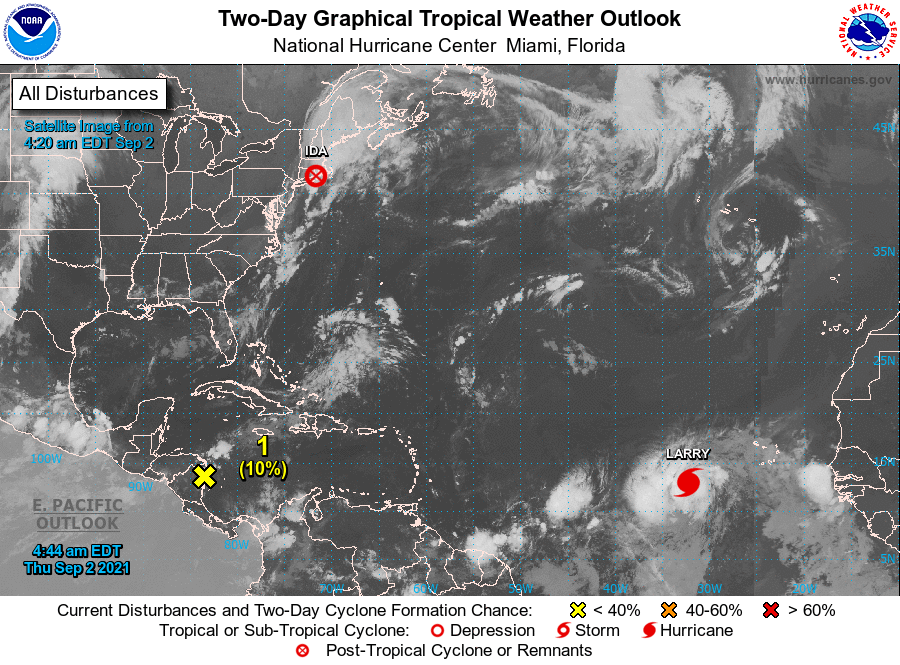
For the North Atlantic...Caribbean Sea and the Gulf of Mexico:

The National Hurricane Center is issuing advisories on Tropical Storm Larry, located over the eastern tropical Atlantic several hundred miles west-southwest of the southernmost Cabo Verde Islands.

The Weather Prediction Center is issuing Public Advisories on Post-Tropical Cyclone Ida, located over the northeastern United States.

1. A small area of low pressure located near the coast of Nicaragua is producing disorganized shower and thunderstorm activity. This low is expected to move inland over Nicaragua this morning, but a portion of the low's circulation could move over the Gulf of Honduras on Friday where development, if any, is expected to be slow to occur. This system could then move over the southwestern Gulf of Mexico during the weekend and early next week, but by then strong upper-level winds would likely limit significant development. Regardless of development, heavy rains are possible across portions of Central America and the Yucatan Peninsula through the weekend.
* Formation chance through 48 hours...low...10 percent.
* Formation chance through 5 days...low...20 percent.

Public advisories issued by the Weather Prediction Center on Post-Tropical Cyclone Ida can be found under AWIPS header TCPAT4, WMO header WTNT34 KWNH, and on the web at http://www.wpc.ncep.noaa.gov

Forecaster Pasch